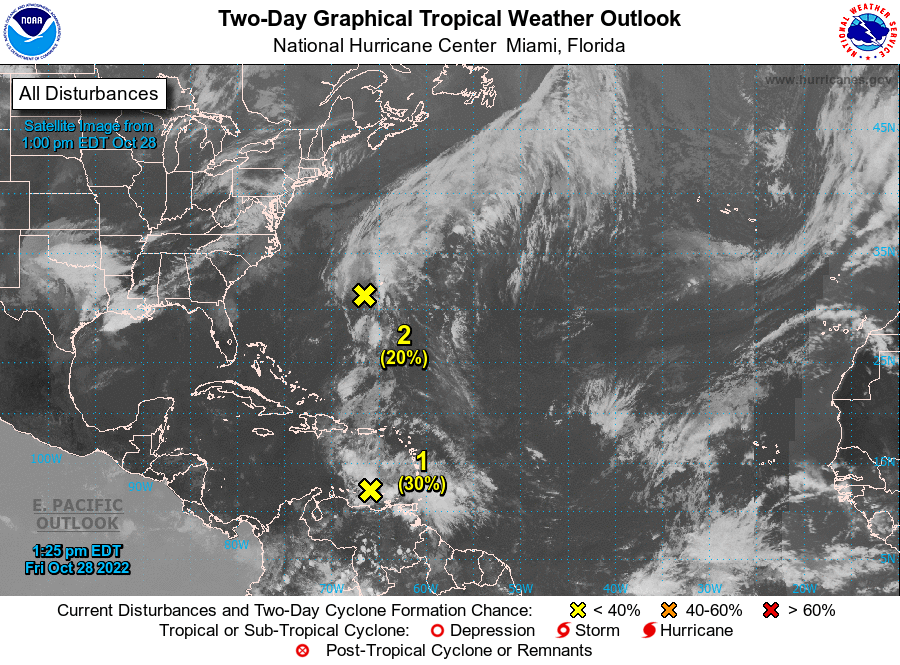
For the North Atlantic...Caribbean Sea and the Gulf of Mexico:

1. Eastern Caribbean: A broad area of low pressure over the eastern Caribbean Sea continues to produce a large area of disorganized showers and thunderstorms extending from the Windward Islands west-northwestward for several hundred miles. Environmental conditions are forecast to be conducive for gradual development over the next few days, and a tropical depression is likely to form this weekend or early next week while the disturbance moves slowly westward or west-northwestward over the central Caribbean Sea. Regardless of development, locally heavy rainfall is possible over portions of the Lesser Antilles, the Virgin Islands, and Puerto Rico through this weekend.
* Formation chance through 48 hours...low...30 percent.
* Formation chance through 5 days...high...70 percent.

2. Western Atlantic: Satellite data indicate that a well-defined low pressure area has formed about 150 miles southwest of Bermuda. This system is currently producing a limited amount of shower and thunderstorm activity. Environmental conditions are forecast to remain only marginally conducive, and any additional development should be slow to occur over the next day or so. By late Saturday, upper-level winds are forecast to become even less favorable, and the low is expected to begin interacting with an approaching frontal system. Therefore, development after that time is not anticipated.
* Formation chance through 48 hours...low...20 percent.
* Formation chance through 5 days...low...20 percent.

Forecaster Brown